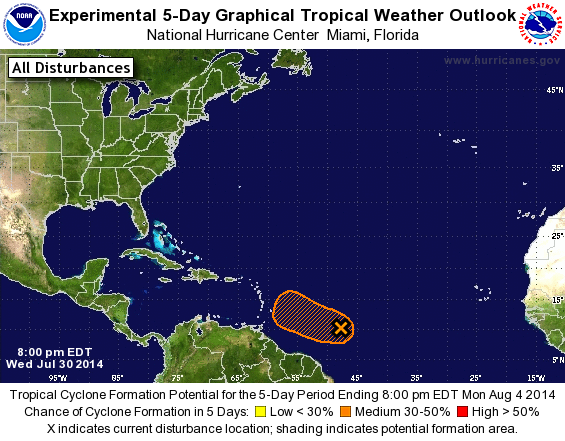
For the North Atlantic...Caribbean Sea and the Gulf of Mexico:

1. Shower activity associated with a well-defined low pressure system located about 900 miles east of the southern Windward Islands has changed little over the past several hours. However, environmental conditions are marginally conducive for the development of this system into a tropical depression during the next couple of days. Interests in the Lesser Antilles should monitor the progress of this system as it moves west-northwestward near 15 mph.
* Formation chance through 48 hours...medium...50 percent.
* Formation chance through 5 days...medium...50 percent.

Forecaster Stewart